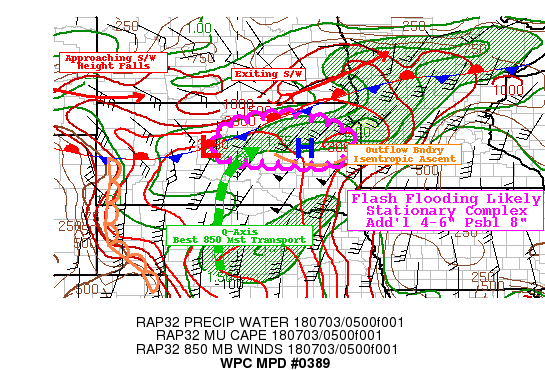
AREAS AFFECTED...CENTRAL AND NORTHEASTERN SD...

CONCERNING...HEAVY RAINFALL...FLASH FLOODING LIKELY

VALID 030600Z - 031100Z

SUMMARY...STATIONARY CONVECTIVE COMPLEX

DISCUSSION...GOES-16 10.3UM LOOP DEPICTS A CLASSIC ENHANCED V
SIGNATURE WITH IR TOPS REMAINING COLD AT NEAR -70C WITH UPSTREAM
WEDGE STATIONARY OVER N HYDE COUNTY.  LLJ CONTINUES TO STRENGTHEN
WITH 40-45KT 850 FLOW DIRECTED FROM SW TO THE UPSTREAM EDGE OF THE
COMPLEX...AND GOES-CAPE AND TPW IMAGERY SHOWING THE
MST/INSTABILITY AXIS DIRECTED ALONG THE JET AXIS FROM S CENTRAL SD
INTO THE COMPLEX WITH HIGHER VALUES OF INSTABILITY REMAINING
UPSTREAM IN THE 2500-3000 J/KG RANGE.  MOISTURE FLUX OF SFC TDS IN
THE UPPER 60S/LOW 70S AND 17-18C 850MB Q-AXIS NOSE IDEALLY ALIGNED
TO THE DEVELOPMENT REGION.  05Z ANALYSIS AND RADAR SUITE ALSO
DEPICTS STRENGTHENING MESO HIGH TO THE EAST FURTHER STRENGTHENING
MST CONVERGENCE AND UPGLIDE OVER OUTFLOW THAT IS STARTING TO
ORIENT ORTHOGONAL TO THE LLJ AXIS.  THE COMBINATION WILL CONTINUE
TO ALLOW FOR STRONG ISENTROPIC ASCENT OF THE DEEP
MOISTURE/INSTABILITY AXIS ACROSS CENTRAL AND EAST CENTRAL SD
THROUGH A LARGE PORTION OF THE OVERNIGHT HOURS.

REGIONAL RADARS ARE ESTIMATING RAIN RATES IN EXCESS OF 3"/HR AND
GIVEN THE SMOKE/AEROSOL NUCLEATION FOR HIGHER DROPLET DENSITY THIS
SEEMS TO BE A GOOD ESTIMATE WITHOUT ANY CONFIRMATION FROM LOCAL
OBSERVATIONS.  GIVEN THE LIKELY DURATION OF THE SAME ORIENTATION
WITH SLIGHT INCREASE OF LLJ FLOW TO 50KTS...IT IS A GOOD
POSSIBILITY THAT THERE WILL BE VERY LIMITED MOTION (5 KTS OR LESS
TO SSW NEAR CENTER OF THE CLUSTER). THE DURATION SEEMS TO BE THE
GREATEST UNCERTAINTY AT THIS TIME...BUT GIVEN TRACK OF THE LEAD
COMPACT SHORTWAVE CURRENTLY CROSSING INTO SE ND AND STRONG
UPSTREAM SHORTWAVE/MCV IN MT FLOW SHOULD BE FAIRLY STATIC IN
DIRECTION/STRENGTH THROUGH 10-11Z. AS SUCH AN ADDITIONAL 4-6" SEEM
PLAUSIBLE WITH EVEN VALUES TO 8" POSSIBLE IN SOME LOCATIONS
LEADING TO POTENTIAL LIFE THREATENING FLASH FLOODING THROUGH THE
REMAINDER OF THE OVERNIGHT.